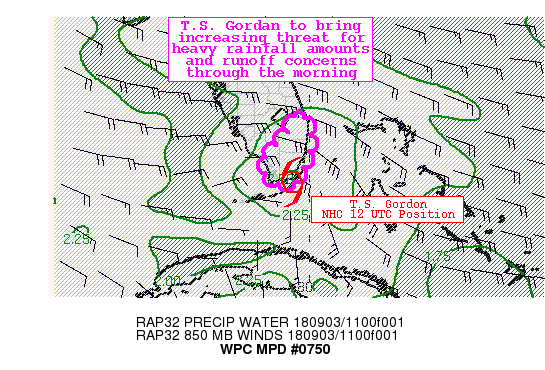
Areas affected...South Florida

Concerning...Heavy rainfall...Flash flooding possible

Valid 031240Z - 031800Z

Summary...T.S. Gordan will likely bring an increasing theat for
heavy rains and localized runoff concerns through the morning
hours.

Discussion...At 12 UTC, NHC indicated newly upgraded T.S. Gordan
has moved into the vicinity of the Middle Keys.  KAMX radar is
showing banded precipitation that is associated with increasing
easterly flow north of center moving onshore across the Upper Keys
and into the southern Florida peninsula.  Radar estimates are
showing rainfall rates of 1 to 1.5 inches/hr associated with some
of these heavier rainbands.   GOES-16 IR imagery is also showing a
broad area of cooling cloud tops east of the center.  The most
recent SPC mesoanalysis is showing PWs of 2 to 2.4 inches across
much of South Florida with 20-30 kt inflow at 850mb.  Although
Gordon is expected to move steadily to the west, strong
southeasterly to easterly flow east of the center is expected to
support deep moisture transport into the region, with the latest
RAP continuing to show the potential for back-building bands --
raising the threat for heavy amounts through the morning into the
early afternoon hours.  For the 6-hr period ending at 18 UTC,
deterministic amounts from recent runs of the HRRR as well as the
00 UTC runs of the HRW-ARW/NMMB and the 06 UTC NAM Conest all show
the potential for 2 to 4 inches, with locally heavier amounts
within the highlighted region.  HREF 40 km neighborhood
probabilities are 50 percent or greater for amounts of 2 inches or
more for much of the region.  These amounts may cause localized
runoff concerns, especially across urbanized and poor drainage
areas.